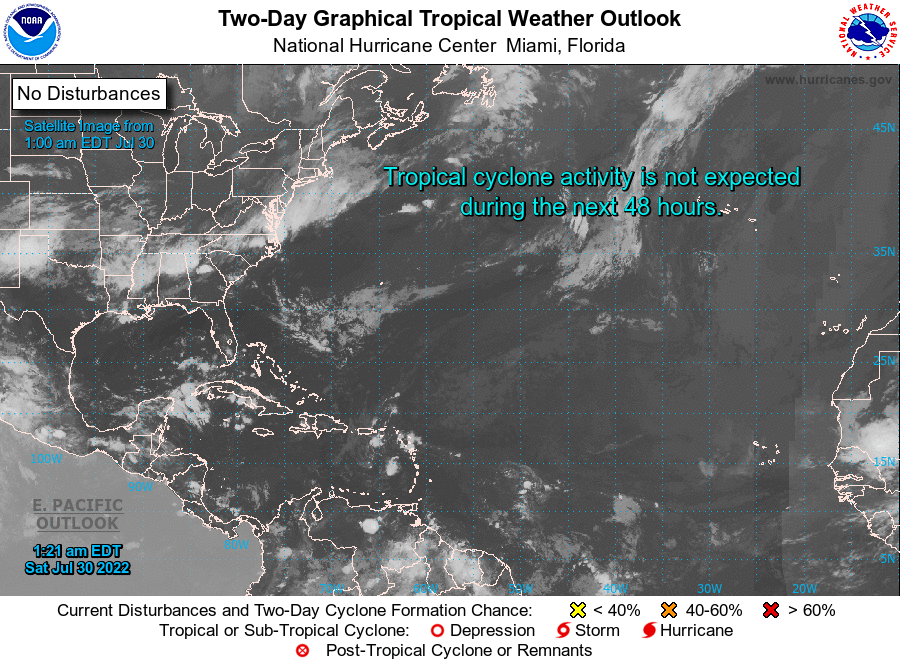
For the North Atlantic...Caribbean Sea and the Gulf of Mexico:

Tropical cyclone formation is not expected during the next 5 days.

Forecaster Pasch